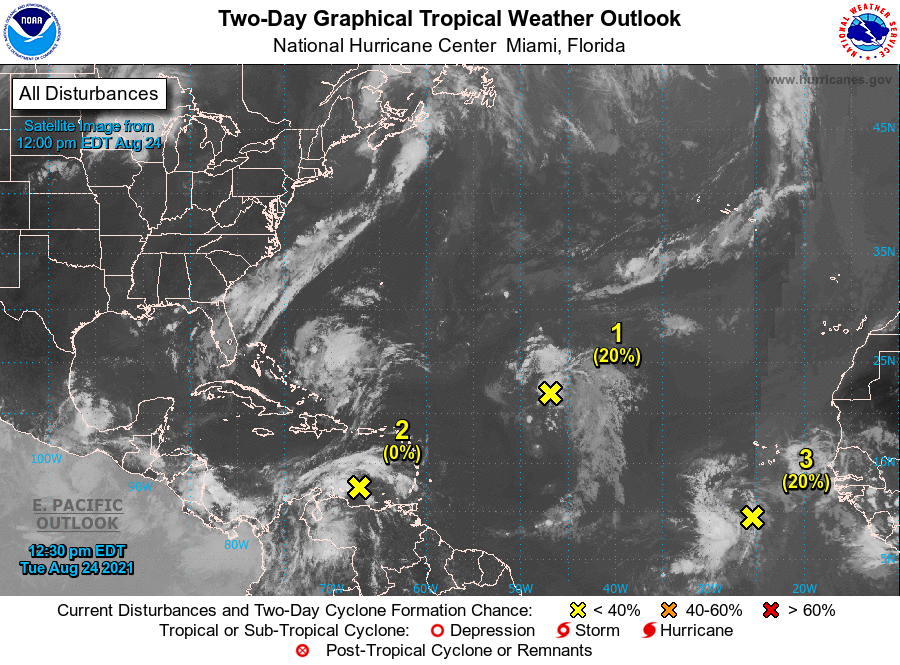
For the North Atlantic...Caribbean Sea and the Gulf of Mexico:

The Weather Prediction Center has issued the last Public Advisory on Post-Tropical Cyclone Henri, moving offshore of eastern Massachusetts.

1. A broad trough of low pressure is producing disorganized showers and thunderstorms over the central tropical Atlantic about 900 miles east-northeast of the northern Leeward Islands. Little development of this system is expected during the next day or two due while it moves northwestward at about 15 mph over marginally conducive ocean temperatures and is affected by strong upper-level winds. Afterwards, environmental conditions are expected to become more favorable for gradual development, and a tropical depression could form by the end of the week while the system turns eastward over the central Atlantic.
* Formation chance through 48 hours...low...20 percent.
* Formation chance through 5 days...medium...60 percent.

2. A broad area of low pressure is expected to form over the southwestern Caribbean Sea in a few days from a tropical wave currently located over the eastern Caribbean Sea. Environmental conditions are forecast to be conducive for development of the low, and a tropical depression could form late this week or this weekend while the system moves northwestward over the northwestern Caribbean Sea, across the Yucatan Peninsula of Mexico, and into the southwestern Gulf of Mexico by Sunday.
* Formation chance through 48 hours...low...near 0 percent.
* Formation chance through 5 days...medium...60 percent.

3. Another tropical wave over the far eastern tropical Atlantic located about 400 miles south-southwest of the Cabo Verde Islands is producing a concentrated area of showers and thunderstorms. Some development of this system is possible over the next several days while it moves westward to west-northwestward at 10 to 15 mph over the eastern tropical Atlantic. Upper-level winds are forecast to become less conducive for development by the weekend.
* Formation chance through 48 hours...low...20 percent.
* Formation chance through 5 days...low...30 percent.

Public advisories issued by the Weather Prediction Center on Post-Tropical Cyclone Henri can be found under AWIPS header TCPAT3, WMO header WTNT33 KWNH, and on the web at http://www.wpc.ncep.noaa.gov

Forecaster Berg